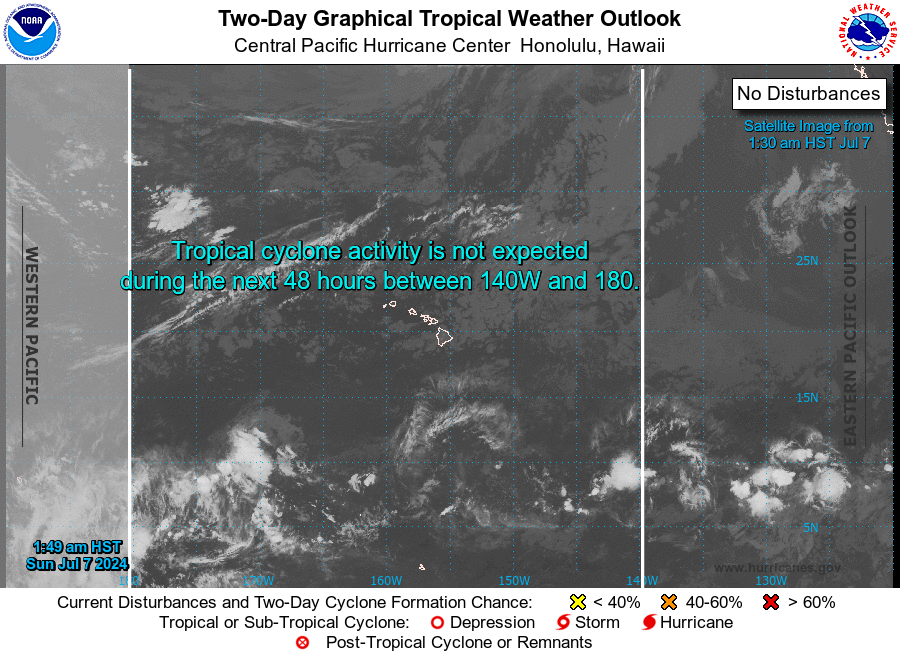
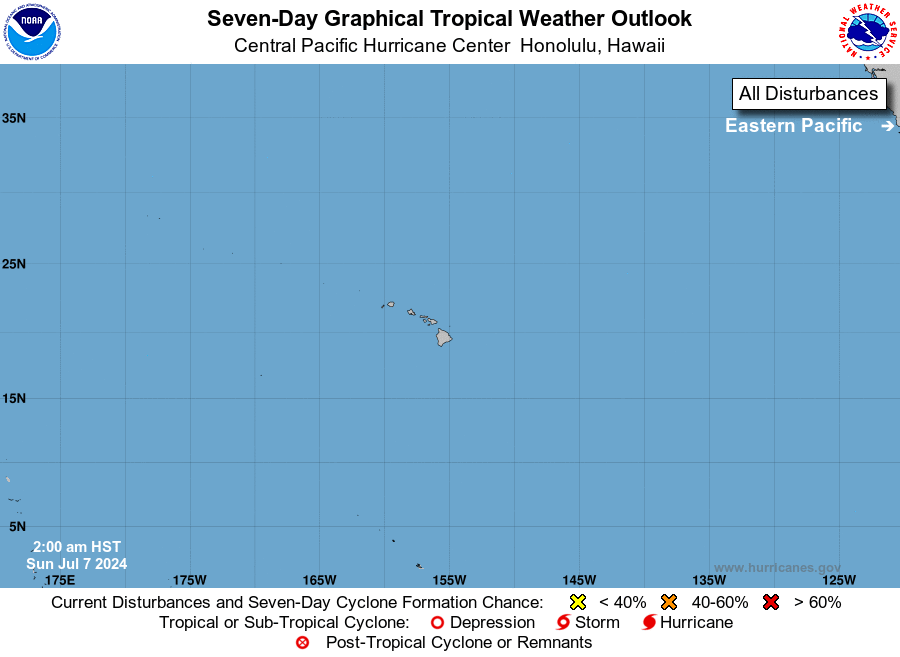
For the central North Pacific...between 140W and 180W:

No tropical cyclones are expected during the next 7 days.

Forecaster Shigesato